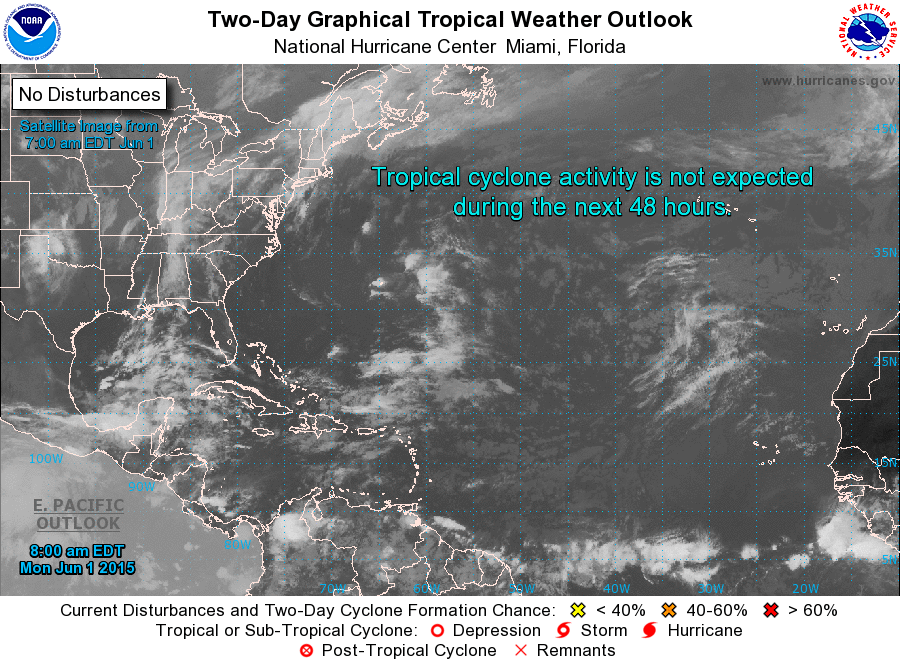
For the North Atlantic...Caribbean Sea and the Gulf of Mexico:

Tropical cyclone formation is not expected during the next 5 days.

Today marks the first day of the Atlantic hurricane season, which will run until November 30. Long-term averages for the number of named storms, hurricanes, and major hurricanes are 12, 6, and 3, respectively.

The list of names for 2015 is as follows:

Name Pronunciation Name Pronunciation ------------------------------------------------------------- Ana AH-nah Larry LAIR-ree Bill bill Mindy MIN-dee Claudette klaw-DET Nicholas NIH-kuh-luss Danny DAN-ee Odette oh-DEHT Erika EHR-ih-kuh Peter PEE-tur Fred frehd Rose rohz Grace grayss Sam sam Henri ahn-REE Teresa tuh-REE-suh Ida EYE-duh Victor VIK-tur Joaquin wah-KEEN Wanda WAHN-duh Kate kayt

The Atlantic season got off to an early start this year, with Tropical Storm Ana forming in May. The next named storm that forms this season will be Bill.

This product, the Tropical Weather Outlook, briefly describes significant areas of disturbed weather and their potential for tropical cyclone formation during the next 48 hours. The issuance times of this product are 2 AM, 8 AM, 2 AM, and 8 PM EDT. After the change to standard time in November, the issuance times are 1 AM, 7 AM, 1 PM, and 7 PM EST.

A Special Tropical Weather Outlook will be issued to provide updates, as necessary, in between the regularly scheduled issuances of the Tropical Weather Outlook. Special Tropical Weather Outlooks will be issued under the same WMO and AWIPS headers as the regular Tropical Weather Outlooks.

A standard package of products, consisting of the Tropical Cyclone Public Advisory, the Forecast/Advisory, the Tropical Cyclone Discussion, and the Wind Speed Probabilities, is issued every six hours for all ongoing tropical cyclones. In addition, a Special Advisory package may be issued at any time to advise of significant unexpected changes or to modify watches or warnings.

The Tropical Cyclone Update is a brief statement to inform of significant changes in a tropical cyclone or to post or cancel watches or warnings. It is used in lieu of or to precede the issuance of a special advisory package. It is also used to provide hourly information in between public advisories when watches or warnings are in effect and when the center of the tropical cyclone can be reliably tracked by coastal radar. Tropical Cyclone Updates, which can be issued at any time, can be found under WMO header WTNT61-65 KNHC, and under AWIPS header MIATCUAT1-5.

All National Hurricane Center text and graphical products are available on the web at http://www.hurricanes.gov. Twitter notifications on select National Hurricane Center products for the Atlantic are available via the handle @NHC_Atlantic. Information about our Atlantic Twitter feed is available at www.hurricanes.gov/twitter.php. You can also interact with NHC on Facebook at https://www.facebook.com/NWSNHC.

Forecaster Brennan